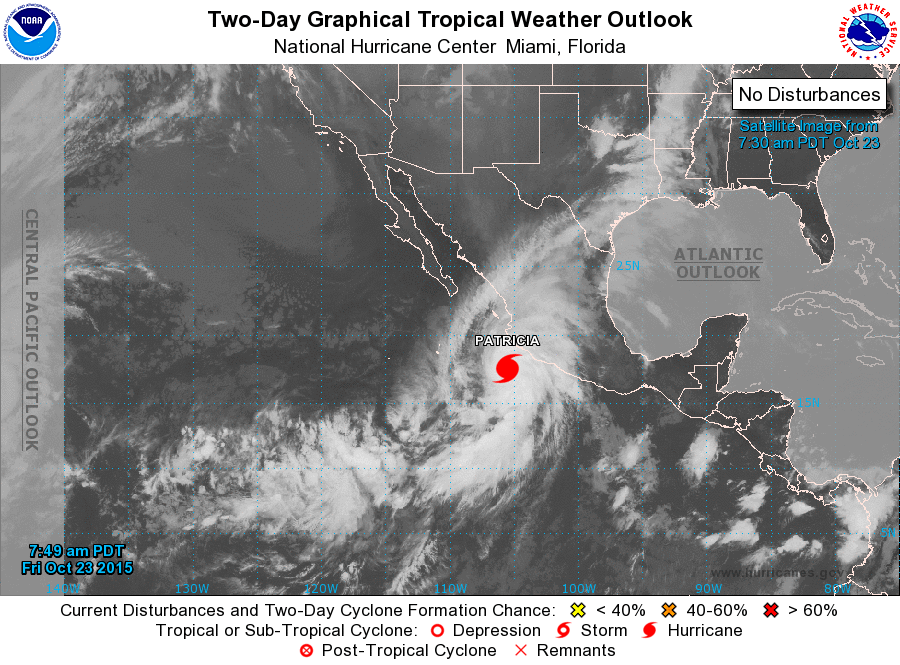
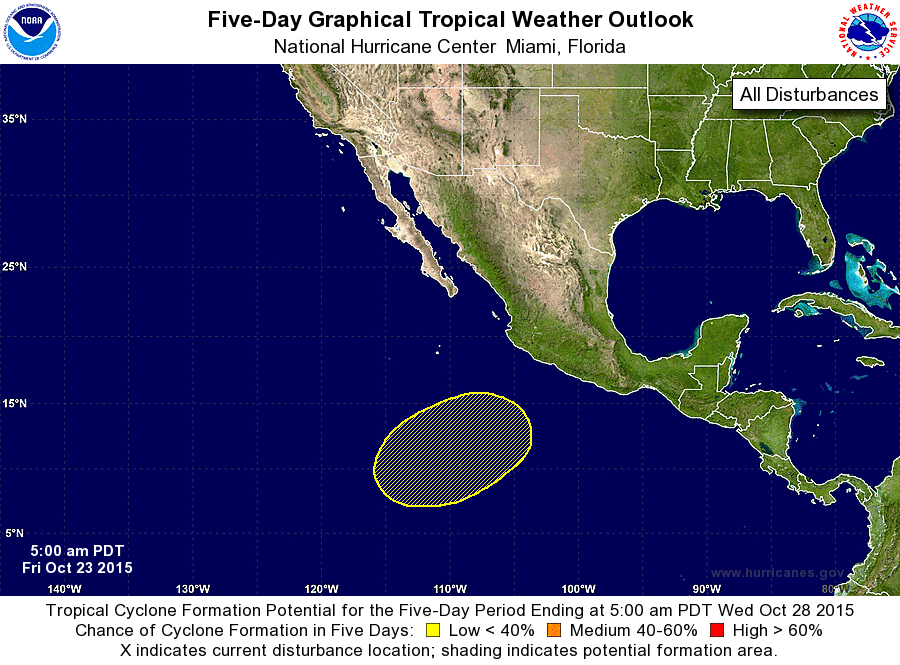
For the eastern North Pacific...east of 140 degrees west longitude:

The National Hurricane Center is issuing advisories on category 5 Hurricane Patricia, located a couple of hundred miles southwest of Manzanillo, Mexico.

1. An area of low pressure could form several hundred miles south-southwest of the southern tip of the Baja California peninsula over the weekend. Development of this system is expected to be slow to occur during the next few days while it moves slowly toward the east-northeast or northeast.
* Formation chance through 48 hours...low...10 percent
* Formation chance through 5 days...low...20 percent

Forecaster Roberts